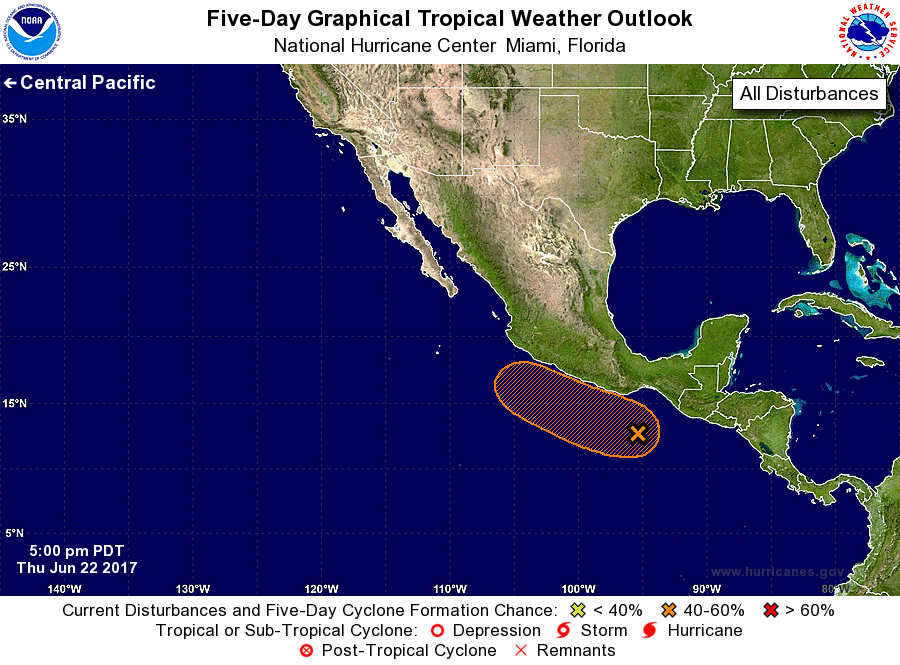
For the eastern North Pacific...east of 140 degrees west longitude:

1. A broad area of low pressure located a few hundred miles south of the Gulf of Tehuantepec is producing disorganized showers and thunderstorms. Environmental conditions appear conducive for some development of this system by early next week while it moves slowly west-northwestward parallel to the coast of Mexico.
* Formation chance through 48 hours...low...20 percent.
* Formation chance through 5 days...medium...50 percent.

Forecaster Berg